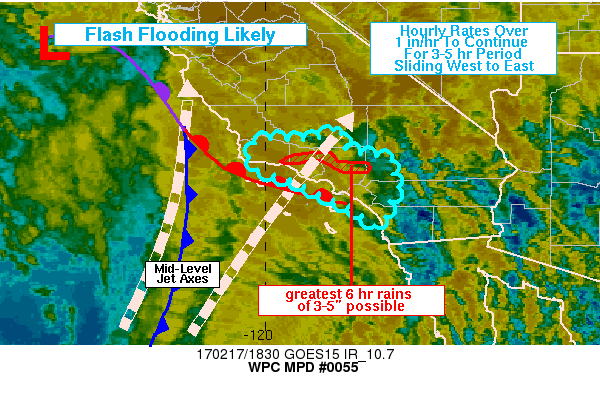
AREAS AFFECTED...SRN CA

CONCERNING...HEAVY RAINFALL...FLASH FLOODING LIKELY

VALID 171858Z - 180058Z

SUMMARY...THE HEAVIEST RAINFALL RATES OF THE DAY ARE EXPECTED TO
OCCUR IN THE NEXT 6-8 HOURS ACROSS THE TRANSVERSE RANGES OF SRN
CA. STEADY HOURLY RATES OF .5 TO 1.0 IN/HR...LOCALLY
HIGHER...SHOULD LEAD TO 6 HOUR RAINFALL TOTALS OF 3-5 INCHES.
FLASH FLOODING WILL BE A CONCERN...ESPECIALLY ACROSS BURN SCAR
LOCATIONS.

DISCUSSION...GOES W RAPID SCAN IMAGERY SHOWED THE COLDEST CLOUD
TOPS ADVANCING INTO SANTA BARBARA AND VENTURA COUNTIES WITH
SEVERAL OBSERVATIONS ALONG THE SANTA YNEZ MOUNTAINS REPORTING
HOURLY RAIN RATES OF ABOVE 0.75 IN/HR AND A FEW ABOVE 1 IN/HR.
THIS AREA IS LOCATED WITHIN A REGION OF STRONG UPPER LEVEL
DIFFLUENCE AHEAD OF A CLOSED LOW WHICH CONTINUES TO DEEPEN PER
WATER VAPOR IMAGERY. VISIBLE AND INFRARED CHANNELS SHOWED TWO
SEPARATE AXES OF COLDER CLOUD TOPS...EACH TIED TO UPPER LEVEL
DIVERGENCE RELATED TO A POSSIBLE FORK IN THE EXIT REGION OF A
POWERFUL MID-LEVEL JET ROUNDING THE BASE OF THE TROUGH AXIS.

ALTHOUGH THE CORE OF HIGHER PRECIPITABLE WATER VALUES SEEN IN THE
BLENDED TPW PRODUCT ARE INFLATED...SHOWING IN EXCESS OF 2.5 INCHES
TO THE WEST OF POINT CONCEPTION AS OF 12Z...IT DOES AGREE WITH
SHORT TERM RAP FORECASTS OF THE MOVEMENT OF THE AXIS OF STRONGEST
MOISTURE FLUX...STEADILY SHIFTING EAST TOWARD ORANGE...WRN
RIVERSIDE AND NWRN SAN DIEGO COUNTIES BY 01Z ALONG WITH GRADUAL
WEAKENING.

DESPITE GRADUALLY WEAKENING MOISTURE...PWAT VALUES OF 1.2 TO 1.3
INCHES COMBINED WITH 850 MB WINDS OF 50-60 KTS ORTHOGONAL TO THE
TERRAIN AND WEAK ELEVATED INSTABILITY UP TO 250 J/KG WILL CONTINUE
TO SUPPORT HEAVY RAINFALL RATES IN EXCESS OF 1 IN/HR AT TIMES. THE
MOVEMENT OF THE MOISTURE FLUX AXIS SUPPORTS ANYWHERE FROM 3-5 HRS
OF THESE RAINFALL RATES AT ANY GIVEN LOCATION ALONG THE TRANSVERSE
RANGES...WITH 6 HR TOTALS OF 3-5 INCHES POSSIBLE BY 01Z.